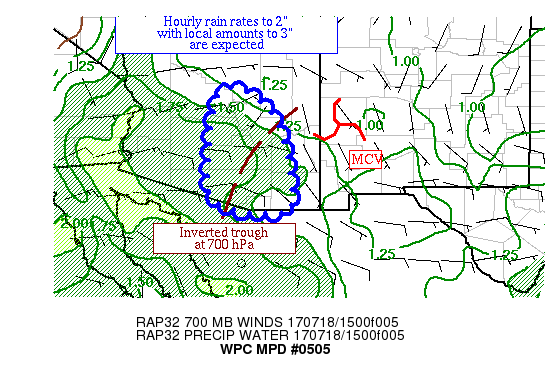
AREAS AFFECTED...PORTIONS OF EASTERN AZ

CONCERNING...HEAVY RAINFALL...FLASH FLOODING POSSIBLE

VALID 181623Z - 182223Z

SUMMARY...CIN IS ERODING WITHIN AN ANOMALOUSLY MOIST ENVIRONMENT
ACROSS AZ.  HOURLY RAIN RATES UP TO 2" WITH LOCAL AMOUNTS TO 3"
ARE EXPECTED.

DISCUSSION...EXPERIMENTAL GOES-16 IMAGERY SHOWS CUMULI ENHANCING
ACROSS PORTIONS OF SOUTHEAST AND EAST-CENTRAL AZ IN THE VICINITY
OF CYCLONIC FLOW NEAR AN INVERTED TROUGH AT 700 HPA, WHICH ALSO
SHOWS UP WITHIN SURFACE OBSERVATIONS.  WINDS AT THAT LEVEL ARE
10-15 KTS, DOUBLE THE MEAN 850-400 HPA WIND.  DIVERGENCE ALOFT IS
BEING AIDED BY AN UPPER TROUGH APPARENT ON WATER VAPOR IMAGERY
ACROSS SOUTH-CENTRAL NM, WHICH HAS AN EMBEDDED MCV EAST OF RESERVE
NM.  PRECIPITABLE WATER VALUES OF 1-1.7" EXIST HERE, MORE THAN 2.5
SIGMAS ABOVE THE MEAN FOR MID JULY.  ML CAPE VALUES ARE 500-1500
J/KG AND RISING WITH AN AREA OF MOSTLY CLEAR SKIES.

THE 06Z SSEO NEIGHBORHOOD PROBABILITIES INDICATE THAT CONVECTION
SHOULD GET GOING BETWEEN NOW AND 19Z AND EXPAND IN COVERAGE WITH
TIME.  AN ADDITIONAL 1000+ J/KG OF ML CAPE IS EXPECTED TO BUILD
INTO THIS AFTERNOON.  DEEP EASTERLY FLOW SHOULD LEAD TO SOME
WESTWARD MOTION CLOSE TO 15 KTS INTO LOWER VALLEYS, BUT
INSTABILITY LURKING NEARBY TO THE EAST COULD LEAD TO SHORT
TRAINING BANDS AND/OR BACKBUILDING AT TIMES.  THE MESOSCALE
GUIDANCE INDICATES THAT LOCAL AMOUNTS TO 3" ARE POSSIBLE HERE,
SIMILAR TO YESTERDAY.  THE AVAILABLE MOISTURE AND INSTABILITY
COULD LEAD TO HOURLY RAIN RATES UP TO 2".